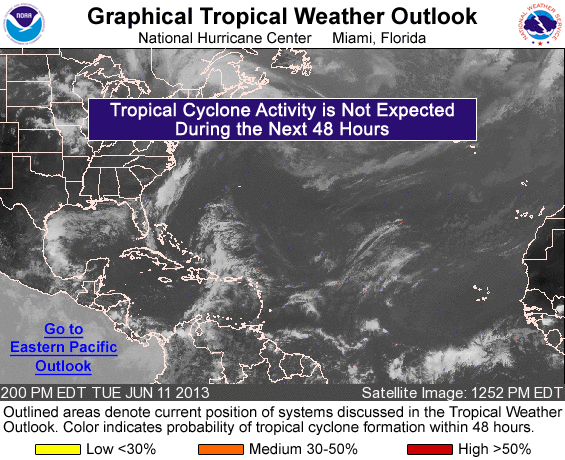
FOR THE NORTH ATLANTIC...CARIBBEAN SEA AND THE GULF OF MEXICO...

TROPICAL CYCLONE FORMATION IS NOT EXPECTED DURING THE NEXT 48 HOURS.

FORECASTER BRENNAN